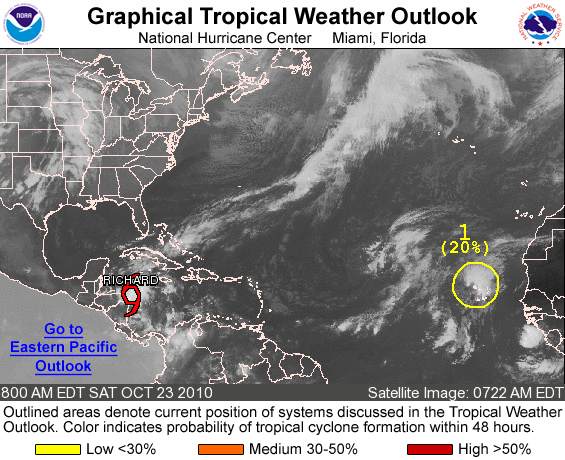
FOR THE NORTH ATLANTIC...CARIBBEAN SEA AND THE GULF OF MEXICO...

THE NATIONAL HURRICANE CENTER IS ISSUING ADVISORIES ON TROPICAL STORM RICHARD...LOCATED ABOUT 55 MILES NORTH OF THE HONDURAS/NICARAGUA BORDER.

1. SHOWERS AND THUNDERSTORMS ASSOCIATED WITH A BROAD LOW PRESSURE SYSTEM PASSING JUST NORTHWEST OF THE CAPE VERDE ISLANDS HAVE CHANGED LITTLE THIS MORNING. ALTHOUGH UPPER-LEVEL WINDS ARE BECOMING LESS CONDUCIVE FOR THE DEVELOPMENT OF THIS DISTURBANCE...LOCALLY HEAVY RAINFALL AND STRONG GUSTY WINDS WILL STILL BE POSSIBLE OVER THE CAPE VERDE ISLANDS THROUGH TODAY AS THE LOW MOVES TOWARD THE NORTH-NORTHWEST TO NORTH AT ABOUT 15 MPH. THERE IS A LOW CHANCE... 20 PERCENT...OF THIS SYSTEM BECOMING A TROPICAL CYCLONE DURING THE NEXT 48 HOURS.

ELSEWHERE...TROPICAL CYCLONE FORMATION IS NOT EXPECTED DURING THE NEXT 48 HOURS.

FORECASTER STEWART